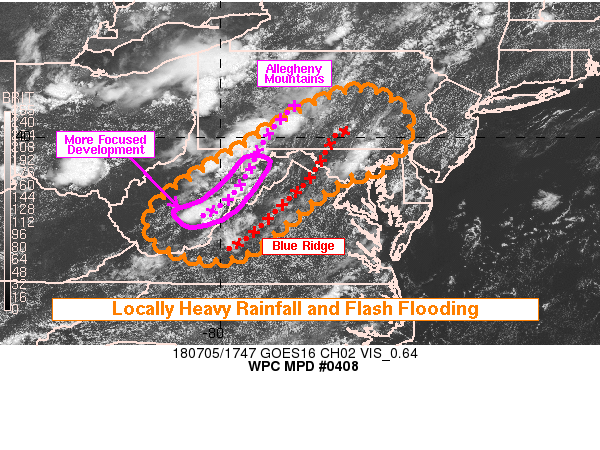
AREAS AFFECTED...ERN/CTRL WV...NWRN VA...NRN/WRN MD...SRN PA

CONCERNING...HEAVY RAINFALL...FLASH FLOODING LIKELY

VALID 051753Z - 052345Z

SUMMARY...SCATTERED THUNDERSTORMS WERE DEVELOPING ALONG AND EAST
OF THE ALLEGHENY MOUNTAINS AS OF 130 PM EDT...AND THIS MAY
CONTINUE THROUGH THE AFTERNOON HOURS. ALTHOUGH STORMS MAY BE
SOMEWHAT LOCALIZED...THEY SHOULD PRODUCE VERY HEAVY RAIN
RATES...TO AROUND 2 IN/HR. THIS COULD PRODUCE FLASH FLOODING.

SUMMARY...REGIONAL RADARS AND GOES-16 SATELLITE IMAGERY SHOWED
GROWING CONVECTION ALONG AND NEAR THE ALLEGHENY MOUNTAINS FROM ERN
WV INTO SC PA. THESE STORMS WERE NOT MOVING
APPRECIABLY...ESPECIALLY IN ERN WV. GIVEN THE WEAKNESS IN UPPER
LEVEL FLOW ACROSS THE REGION NEAR THE CENTER OF THE RIDGE
AXIS...THERE IS A DISTINCT LACK OF SYNOPTIC FEATURES THAT WOULD
DRIVE THE CONVECTION OFF THE TERRAIN AND ALLOW IT TO PROPAGATE
MORE QUICKLY. THEREFORE...THIS INITIAL DEVELOPMENT MAY BE NEARLY
STATIONARY FOR SEVERAL HOURS AND LEAD TO SOME EPISODES OF FLASH
FLOODING IN THE SAME CORRIDOR (ERN/CTRL WV INTO SC PA). THE
ENVIRONMENT IS BOTH MODERATELY UNSTABLE (MLCAPE AROUND 1500-2000
J/KG) AND VERY MOIST (PWS 1.7 TO 2.0 INCHES) AND THIS SHOULD
SUPPORT ORGANIZED CONVECTION WITH RAIN RATES AROUND 2
IN/HR...POSSIBLY HIGHER THAN THAT IN AREAS OF STATIONARY
CONVECTION.

FURTHER EAST...THE ENVIRONMENT IS APPROXIMATELY THE SAME...BUT
CONVECTION HAS NOT DEVELOPED ALONG THE BLUE RIDGE MOUNTAINS
YET...ANOTHER PROMINENT SW-NE TERRAIN FEATURE IN THE REGION. THIS
MAY HAPPEN AS THE AFTERNOON WEARS ON...BUT CONFIDENCE IS LOWER
GIVEN LESS SUPPORT FROM HI-RES MODEL QPFS AND PROBABILISTIC OUTPUT
FROM THE 12Z HREF. SOME ISOLATED THUNDERSTORMS WERE ALSO NOTED
FROM NEAR BALTIMORE NORTH INTO SE PA. ALTHOUGH THESE WERE NOT TIED
TO A TERRAIN FEATURE...THEY WERE MOVING SLOWLY GIVEN WEAK FLOW
OVERALL...AND THUS COULD POSE A FLASH FLOOD THREAT GIVEN THE
SIMILAR ENVIRONMENT. CONFIDENCE IS AGAIN LOWER GIVEN A WEAKER
SIGNAL FROM THE HI-RES MODELS AS COMPARED TO AREAS FURTHER WEST
AND NORTHWEST ACROSS THE REGION.

AGAIN...THE MOST LIKELY AREA FOR FLASH FLOODING IN THE OUTLINED
DISCUSSION AREA IS ALONG THE ALLEGHENY MOUNTAINS AND PARTICULARLY
IN EASTERN WEST VIRGINIA. A FLASH FLOOD THREAT EXISTS FURTHER EAST
THIS AFTERNOON...BUT CONFIDENCE IS LOWER (AND IN THE ABSENCE OF
TERRAIN FEATURES...THERE MAY BE LESS TO LOCK CONVECTION INTO A
STATIONARY CONFIGURATION).